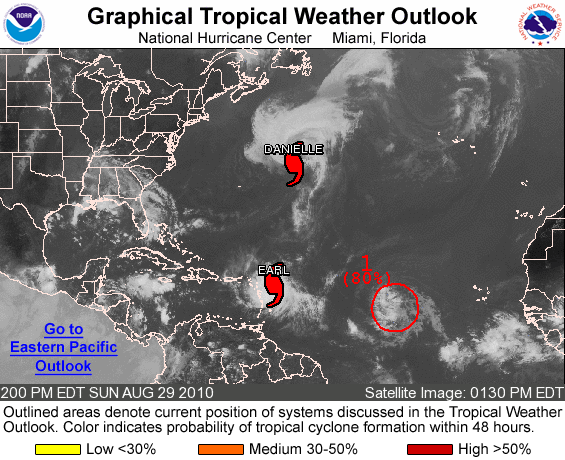
FOR THE NORTH ATLANTIC...CARIBBEAN SEA AND THE GULF OF MEXICO...

THE NATIONAL HURRICANE CENTER IS ISSUING ADVISORIES ON HURRICANE DANIELLE...LOCATED ABOUT 575 MILES EAST-NORTHEAST OF BERMUDA...AND ON HURRICANE EARL...LOCATED ABOUT 190 MILES EAST OF ANTIGUA.

1. ALTHOUGH THE CIRCULATION ASSOCIATED WITH THE AREA OF LOW PRESSURE LOCATED MIDWAY BETWEEN THE WEST COAST OF AFRICA AND THE LESSER ANTILLES HAS BECOME BETTER DEFINED TODAY...RECENT SATELLITE DATA INDICATE THAT IT DOES NOT YET APPEAR TO HAVE A WELL-DEFINED CENTER...AND THE ASSOCIATED SHOWER AND THUNDERSTORM ACTIVITY HAS BECOME LESS ORGANIZED OVER THE PAST FEW HOURS. HOWEVER...ONLY A SMALL INCREASE IN ORGANIZATION COULD RESULT IN THE FORMATION OF A TROPICAL DEPRESSION...AND THERE IS A HIGH CHANCE...80 PERCENT...OF THIS SYSTEM BECOMING A TROPICAL CYCLONE DURING THE NEXT 48 HOURS AS IT MOVES GENERALLY WESTWARD AT ABOUT 20 MPH.

ELSEWHERE...TROPICAL CYCLONE FORMATION IS NOT EXPECTED DURING THE NEXT 48 HOURS.

FORECASTER BERG